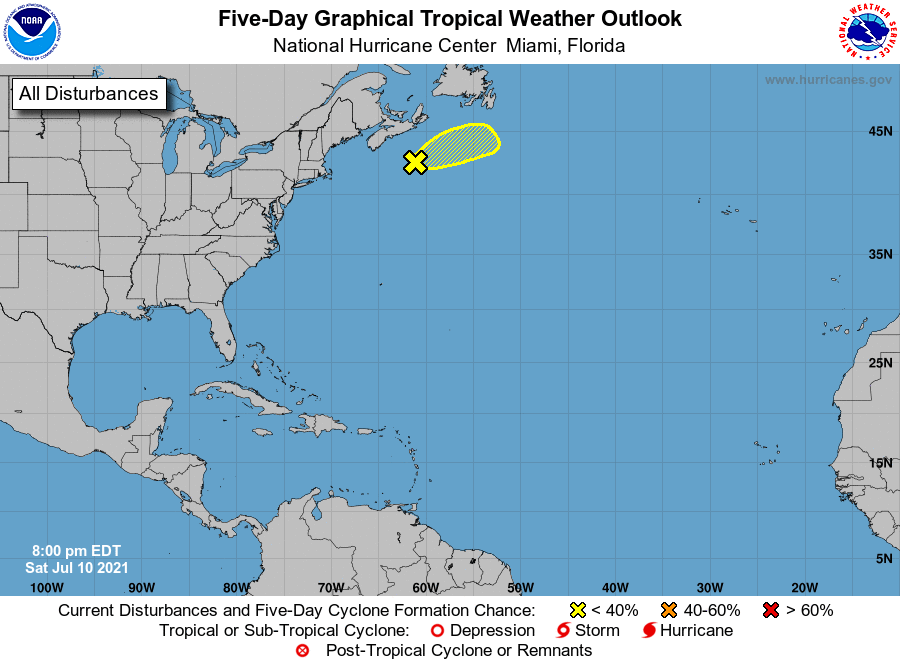
For the North Atlantic...Caribbean Sea and the Gulf of Mexico:

1. A small area of low pressure is located less than 500 miles southwest of the southern tip of Newfoundland, Canada. Earlier satellite wind data indicated the system was producing gale force winds to its southeast. However, shower and thunderstorm activity near the system is disorganized and has diminished some this evening. Additional development of this system is unlikely while it accelerates to the northeast over increasingly cool ocean waters. Additional information on this system can be found in High Seas Forecasts issued by the National Weather Service.
* Formation chance through 48 hours...low...10 percent.
* Formation chance through 5 days...low...10 percent.

High Seas Forecasts issued by the National Weather Service can be found under AWIPS header NFDHSFAT1, WMO header FZNT01 KWBC, and online at ocean.weather.gov/shtml/NFDHSFAT1.php

Forecaster Papin/Blake